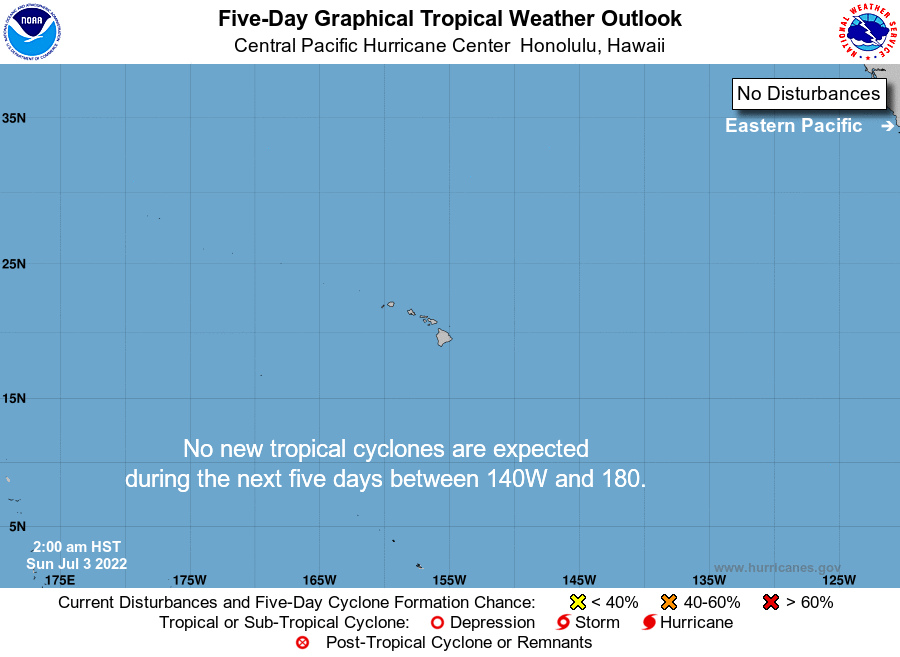
For the central North Pacific...between 140W and 180W:

No tropical cyclones are expected during the next 5 days.

Forecaster Bohlin